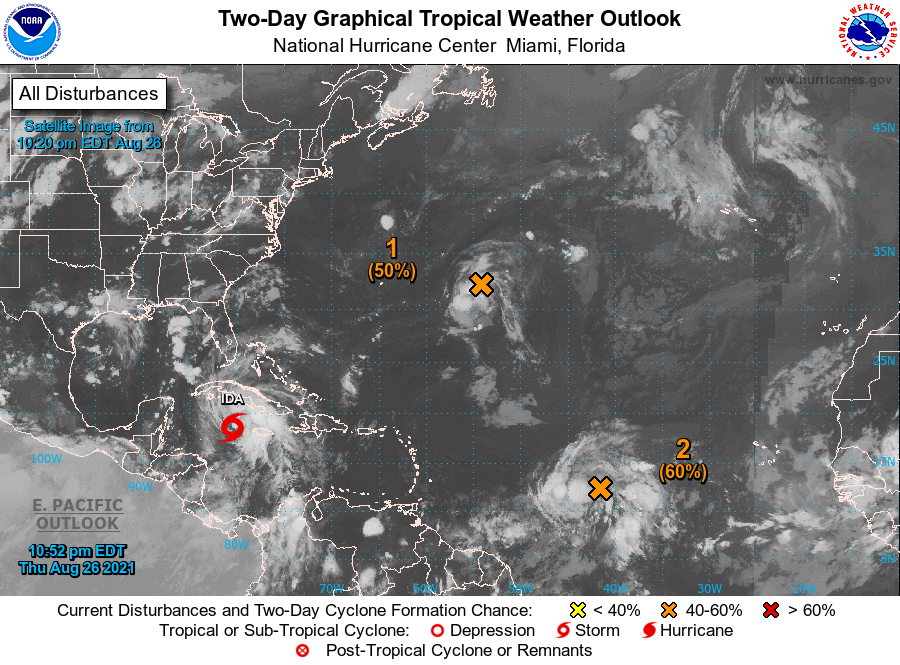
For the North Atlantic...Caribbean Sea and the Gulf of Mexico:

The National Hurricane Center is issuing advisories on recently upgraded Tropical Storm Ida, located over the northwestern Caribbean Sea.

1. An elongated area of low pressure located over the central Atlantic about 650 miles east of Bermuda is producing disorganized showers and thunderstorms. Environmental conditions are forecast to be generally conducive for development, and a tropical depression is likely to form over the weekend. The system is expected to move slowly eastward during the next day or two, but a faster northeastward motion is forecast to begin on Sunday.
* Formation chance through 48 hours...medium...50 percent.
* Formation chance through 5 days...high...70 percent.

2. A tropical wave located about midway between the Cabo Verde Islands and the Lesser Antilles continues to produce a large area of disorganized showers and thunderstorms. Gradual development of this system is expected, and a tropical depression is likely to form during the next couple of days before it moves into an environment of stronger upper-level winds and slightly cooler waters. The disturbance is forecast to move west-northwestward for another day or so and then turn northward over the weekend.
* Formation chance through 48 hours...medium...60 percent.
* Formation chance through 5 days...high...70 percent.

Public Advisories on Tropical Storm Ida are issued under WMO header WTNT34 KNHC and under AWIPS header MIATCPAT4. Forecast/Advisories on Tropical Storm Ida are issued under WMO header WTNT24 KNHC and under AWIPS header MIATCMAT4.

Forecaster Cangialosi